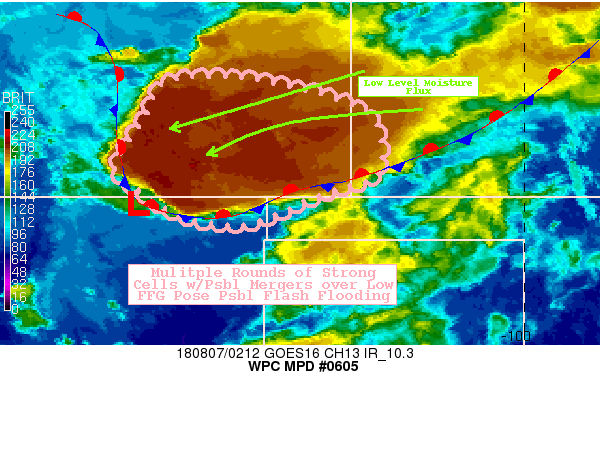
Areas affected...Southeast CO...Ext Northeast NM...Ext Southwest
KS...Ext Northeast OK Panhandle...

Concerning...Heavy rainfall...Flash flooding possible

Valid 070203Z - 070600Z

SUMMARY...Severe supercells with deeply saturated low levels
producing heavy rainfall as well.  Multiple bouts and cell mergers
possibly pose flash flooding risk.

DISCUSSION...Strong/deepening lee cyclone over SE CO is fairly
deep nearly reaching 7H, with strong northeasterly low level flow
providing the deep moisture pool with sfc Tds banked up to the
Sangre de Cristo Range up to 60 and mid-60s into LAA/LHX. Moderate
upper level diffluence aids updraft evacuation, but north of the
boundary the instability is solid for strong updrafts.   Given
strong updrafts and relatively low freezing levels, large hail is
the main threat, but KDP from PUX does suggest moderate to heavy
rainfall is occurring as well.  Given the total PWATs (mainly
below 7H) in the range of 1.25", suggesting of 1.25-1.5"/hr totals
possible. Mean flow and inflow support fairly fast eastward
propagation of cells, but with return flow from the NE and
continued upstream mid-level forcing, additional cells are
developing in the Sagre de Cristo Range and likely to track
eastward (southeastward) across areas affected by the first bout.
Given low FFG value in the region (less than 1.5"/hr & 2"/3hr),
flash flooding could be considered possible, especially over Las
Animas county, where cells show some potential for merging as well.